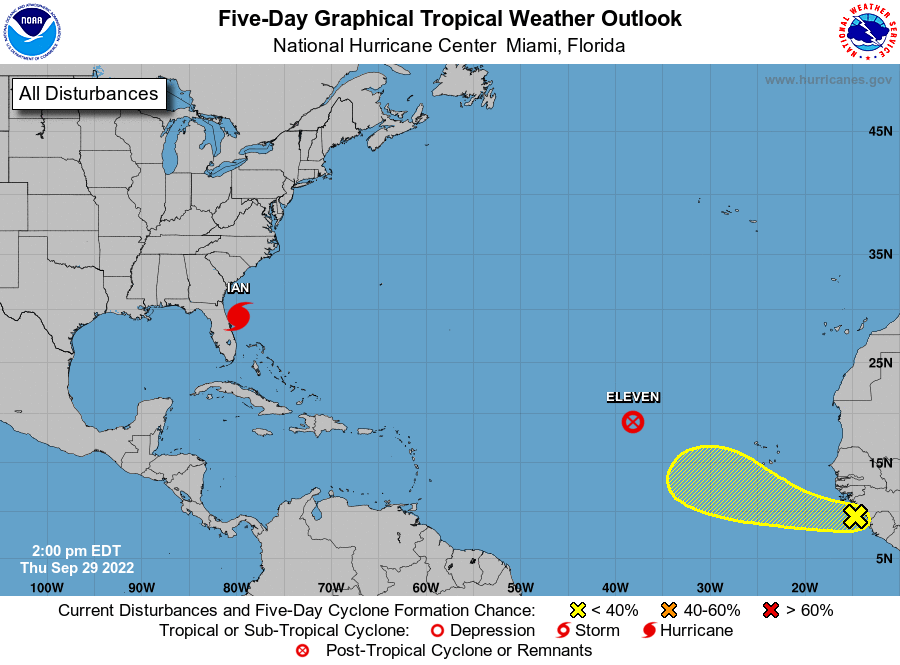
For the North Atlantic...Caribbean Sea and the Gulf of Mexico:

Active Systems: The National Hurricane Center is issuing advisories on Tropical Storm Ian, located offshore of the east Florida coast, and on Tropical Depression Eleven, located several hundred miles west of the Cabo Verde Islands.

1. Eastern Tropical Atlantic: A tropical wave moving off the west coast of Africa is producing a broad area of showers and thunderstorms. Environmental conditions appear generally conducive for gradual development of this system through early next week as it moves westward to west-northwestward into the eastern tropical Atlantic.
* Formation chance through 48 hours...low...near 0 percent.
* Formation chance through 5 days...low...30 percent.

Forecaster Papin